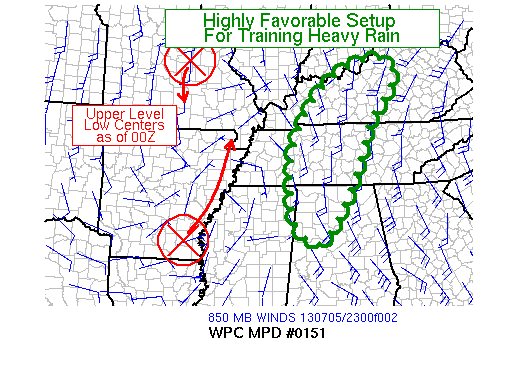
AREAS AFFECTED...NWRN AL...CNTRL TN INTO W-CNTRL KY

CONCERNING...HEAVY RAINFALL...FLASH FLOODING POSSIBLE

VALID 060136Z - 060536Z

SUMMARY...A FLASH FLOOD THREAT IS INCREASING WITHIN A VERY MOIST
ENVIRONMENT WITH TRAINING CELLS LIKELY INTO THE OVERNIGHT HOURS.

DISCUSSION...RECENT WATER VAPOR IMAGERY SHOWED TWO DEFINED
VORTICITY CENTERS OVER MISSOURI AND SERN ARKANSAS WITHIN A LARGE
MID-UPPER LEVEL TROUGH OVER THE LOWER/MID MISSISSIPPI VALLEY. 00Z
RAOB DATA INDICATED AN UPPER JET AXIS OF 90 - 110 KTS ORIENTED
FROM THE ARKANSAS/MISSISSIPPI BORDER...NNEWD INTO CNTRL ILLINOIS
WHICH PLACES THE RIGHT ENTRANCE REGION OVER NERN MISSISSIPPI /
NWRN ALABAMA. IN ADDITION...00Z RAOB ANALYSIS SHOWED VERTICAL
PROFILES WITH TALL/SKINNY CAPES WITH DEEP LAYERED HIGH RELATIVE
HUMIDITY AND PRECIPITABLE WATER VALUES NEAR AND JUST OVER 2 INCHES
ACROSS A SIGNIFICANT PORTION OF THE SOUTHEAST AND TENNESSEE
VALLEY.

SHORT TERM RAP MODEL GUIDANCE SUGGESTS THIS JET AXIS WILL LIFT
NORTHWARD AS THE VORTICITY CENTER OVER SERN ARKANSAS LIFTS NNEWD
OVER THE NEXT FEW HOURS...WITH DIFLUENT FLOW INCREASING EARLY
TONIGHT ALONG WITH THE RIGHT ENTRANCE REGION OF THIS UPPER JET
MOVING OVER THE THREAT AREA. MEAN WIND SPEEDS OF 30 - 40 KTS FROM
THE SOUTH WITH SIMILAR LOW LEVEL MOIST INFLOW MAGNITUDE/DIRECTION
FAVORS TRAINING RAINS IN AND AROUND THE TENNESSEE VALLEY.
SUPPORTING GUIDANCE INCLUDING THE 18Z GFS...12Z HRW ARW AND RECENT
RUNS OF THE HRRR SUGGEST 2 - 4 INCHES IN 3 - 6 HOURS IS POSSIBLE
BUT OTHER GUIDANCE IS NOT AS AGREEABLE. ALTHOUGH THE LOWEST FLASH
FLOOD GUIDANCE OF 1 - 2 IN/HR IS ALONG THE EASTERN PORTION OF THE
THREAT AREA...THE FLASH FLOOD POTENTIAL ALONG THE WESTERN PORTION
OF THE SCALLOPED REGION IS ALSO PRESENT DUE TO SLOW MOVEMENT OF
CELLS CONTAINING 1 - 2 IN/HR. WE WILL CONTINUE TO MONITOR THE
SITUATION FOR UPDATES AS NEEDED.